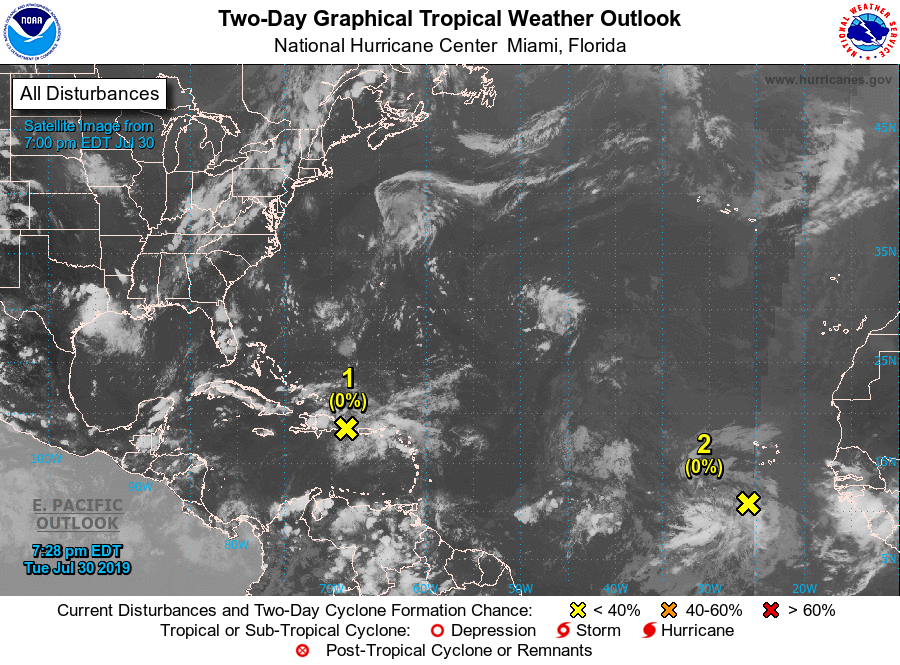
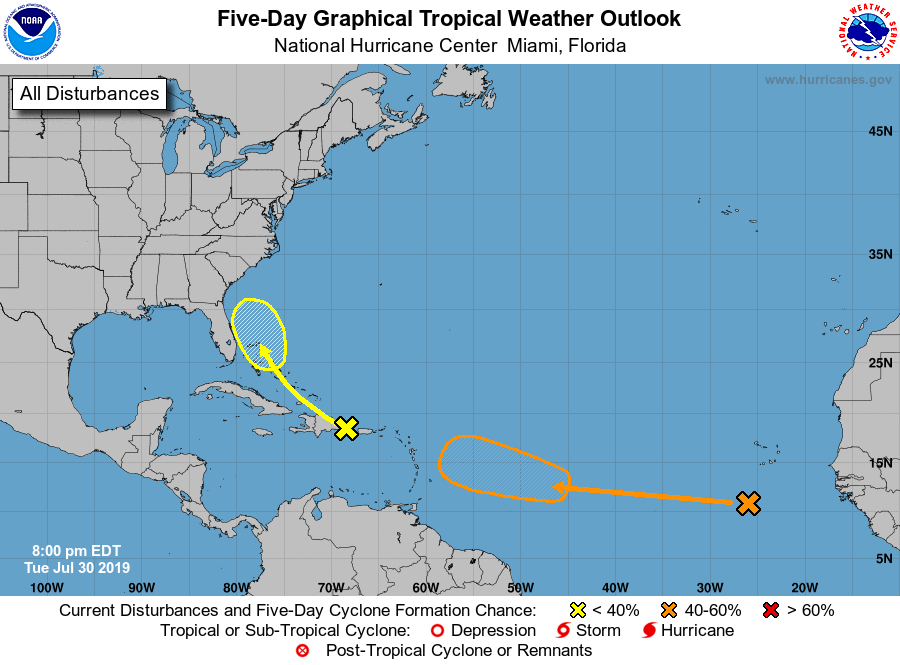
For the North Atlantic...Caribbean Sea and the Gulf of Mexico:

1. A tropical wave continues to produce disorganized showers and thunderstorms over Hispaniola, Puerto Rico, and the Virgin Islands. This disturbance is forecast to move west-northwestward to northwestward during the next several days, producing locally heavy rainfall over portions of the northern Caribbean and the Bahamas. Conditions could become marginally conducive for development late this week when the disturbance moves near Florida and the northwestern Bahamas.
* Formation chance through 48 hours...low...near 0 percent.
* Formation chance through 5 days...low...10 percent.

2. A tropical wave located over the eastern tropical Atlantic, a few hundred miles south-southwest of the Cabo Verde Islands, continues to produce a broad area of disorganized showers and thunderstorms. No significant development of this system is expected for the next few days while it moves westward at about 15 mph. Thereafter, upper-level winds are forecast to gradually become more conducive, and a tropical depression could form over the weekend several hundred miles east of the Lesser Antilles.
* Formation chance through 48 hours...low...near 0 percent.
* Formation chance through 5 days...medium...40 percent.

Forecaster Stewart